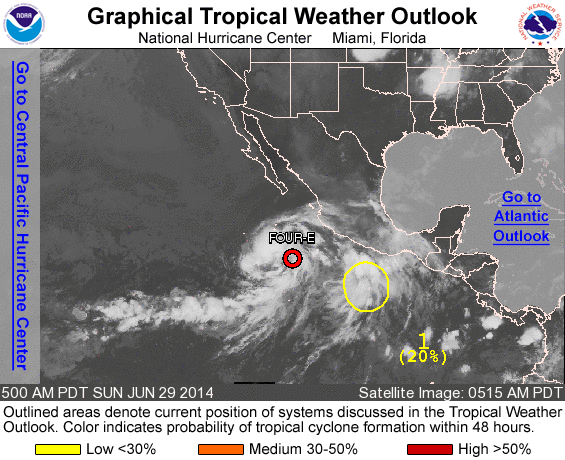
For the eastern North Pacific...east of 140 degrees west longitude:

The National Hurricane Center is issuing advisories on Tropical Depression Four-E, located several hundred miles southwest of Manzanillo, Mexico.

1. A weak area of low pressure located a few hundred miles south- southeast of Acapulco, Mexico, continues to produce disorganized showers and thunderstorms as it moves west-northwestward to northwestward at around 10 mph. The proximity of this disturbance to Tropical Depression Four-E may limit development during the next couple of days, but environmental conditions are expected to become favorable for slow development after that time.
* Formation chance through 48 hours...medium...20 percent.
* Formation chance through 5 days...medium...50 percent.

Public Advisories on Tropical Depression Four-E are issued under WMO header WTPZ34 KNHC and under AWIPS header MIATCPEP4. Forecast/Advisories on Tropical Depression Four-E are issued under WMO header WTPZ24 KNHC and under AWIPS header MIATCMEP4.

Forecaster Kimberlain